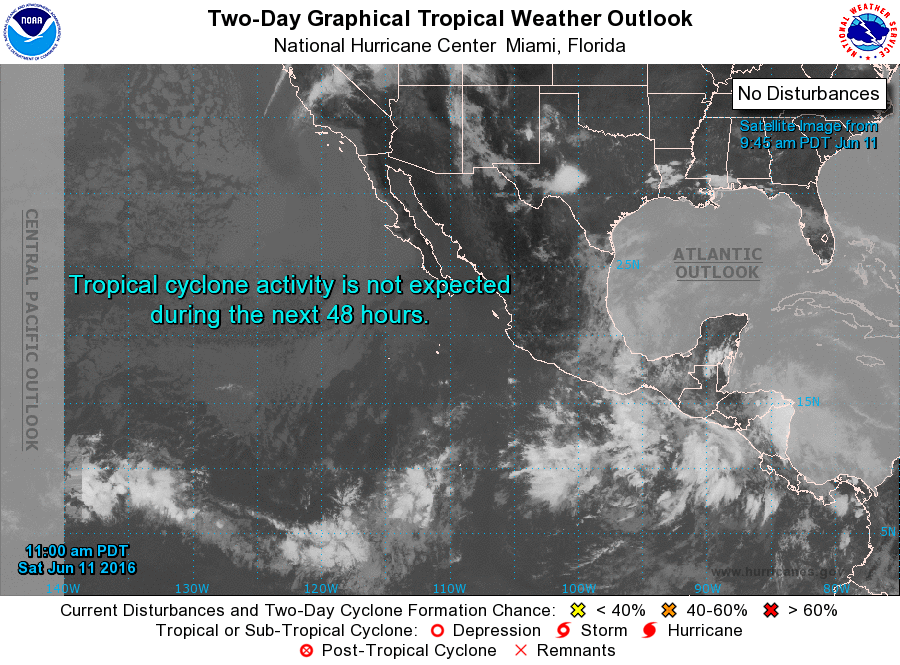
For the eastern North Pacific...east of 140 degrees west longitude:

1. An area of low pressure could develop south of the coast of southeastern Mexico around the middle of next week. Environmental conditions appear to be conducive for gradual development of this system as it moves westward or west-northwestward.
* Formation chance through 48 hours...low...near 0 percent
* Formation chance through 5 days...low...20 percent

Forecaster Avila